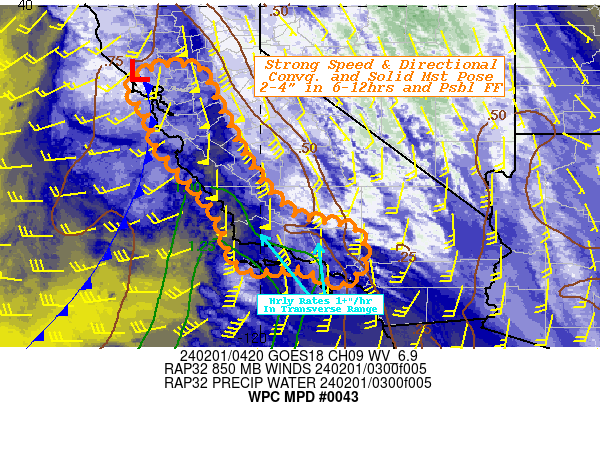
Areas affected...Central to Southern California...

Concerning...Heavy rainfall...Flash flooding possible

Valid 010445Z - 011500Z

SUMMARY...Warm conveyor moisture axis is starting to become more
progressive.  Yet, strong convergence along the axis and favorable
orientation to the terrain will support quick hitting moderate to
heavy rainfall with 2-4" pose flooding concerns.  Widely scattered
embedded thunderstorms along/west of the axis may allow for
isolated rates up to 1-1.5"/hr posing the highest risk for flashy
conditions through 15z.

DISCUSSION...GOES-W WV suite denotes stronger core of upper low
well to the NW between 130-140W north of 40N; though broad
diffluent southwesterly flow and hint of southeast edge of the
trof providing some cold air advection aloft steepening lapse
rates in a subtle negative tilt to the upper-level trof.   This is
also supporting eastward propagation of the deep layer moisture
stream across the narrowing axis.  LPW shows north-south
orientation remains directed toward the Santa Cruz range but will
shifting quickly southeast along the central CA coast, eventually
rounding Cape Conception after 09-10z.  Backed sfc to low level
flow of 35-50kts quickly veers along the moisture axis to
southwest and west in a few dozens of miles supporting very strong
moisture convergence and a south to north flux into the terrain.
Total moisture of 1.25" and these 35-50kts of flow 500-700 kg/ms
IVT generally allowing for broad .25-.33"/hr rates though
strongest orographic ascent will support localized .5-.75"/hr
rates, with values of .75" occasionally ticking up to 1"/hr as the
orientation of the ascent channel becomes nearly orthogonal across
the Transverse ranges after 09-15z.  HREF 2"/3hrs reaches 40-50%
between 12-15z with 85-95% of 3"/6-12hrs across the Transverse
range.  Given the duration, spots of flash flooding can be
considered possible.

Current 10.3um EIR loop and local RADAR loops have shown some
embedded convective elements near San Francisco Bay, Santa Cruz
Mtns into the Northern Santa Lucia Range.  These cells appear to
be along, just west of the core of deeper moisture but at the
eastern edge of steepening lapse rates with CAA aloft in the weak
negative tilting mid-level trof.  Lingering moisture should be
sufficient for some solid moisture flux into the shallow cells and
capable of 1-1.5"/hr rates.  Duration is likely going to be
limited but spots of 1-2" totals in 1-2hrs also pose possible
localized flash flooding.  Given broad ascent after the warm
conveyor moves through, spots of these cores should become more
scattered in nature but may still make landfall through early
morning/day break maintaining this small scale risk for Central
California coast/coastal ranges through 15z as well.